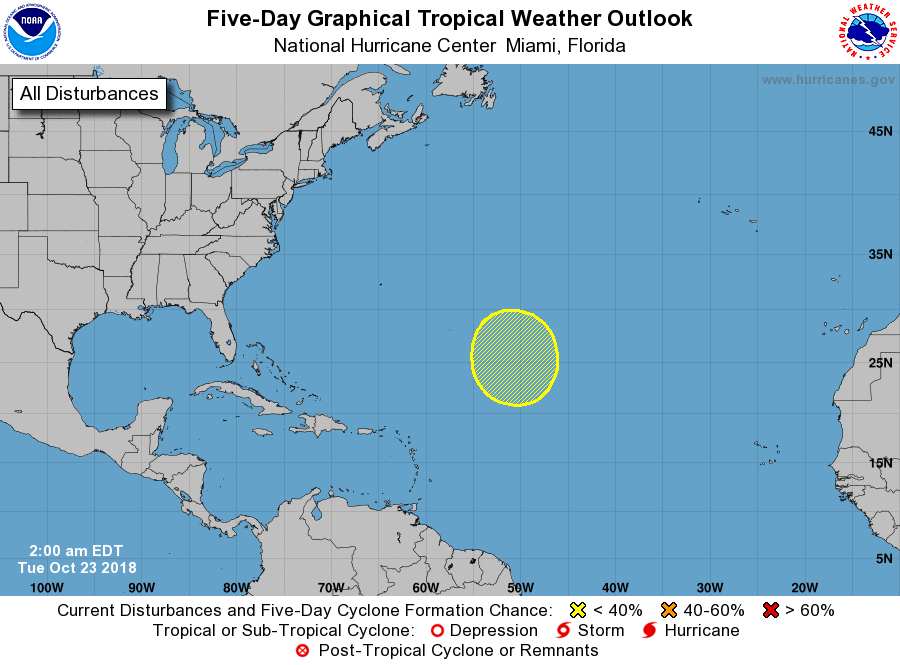
For the North Atlantic...Caribbean Sea and the Gulf of Mexico:

1. A broad area of low pressure is expected to form in a couple of days several hundred miles east-northeast of the northern Leeward Islands. Some tropical or subtropical development of this system is possible by the weekend while it meanders over the central Atlantic Ocean.
* Formation chance through 48 hours...low...near 0 percent.
* Formation chance through 5 days...low...20 percent.

Forecaster Berg